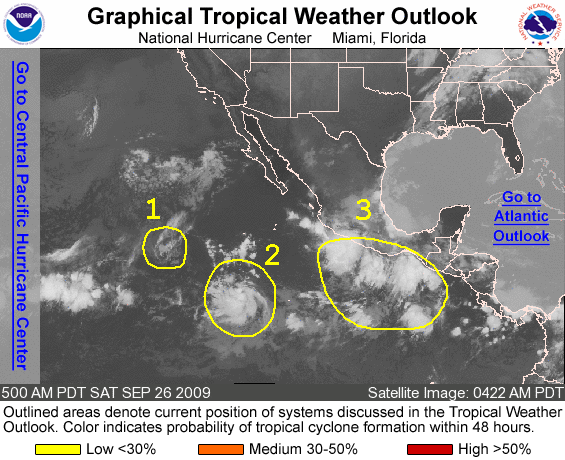
FOR THE EASTERN NORTH PACIFIC...EAST OF 140 DEGREES WEST LONGITUDE..

1. THE REMNANTS OF TROPICAL DEPRESSION NORA ARE LOCATED ABOUT 1090 MILES WEST-SOUTHWEST OF THE SOUTHERN TIP OF BAJA CALIFORNIA. SHOWER AND THUNDERSTORM ACTIVITY HAS DIMINISHED CONSIDERABLY THIS MORNING...AND UPPER-LEVEL WINDS ARE NOT EXPECTED TO BE CONDUCIVE FOR REGENERATION. THERE IS A LOW CHANCE...LESS THAN 30 PERCENT...OF THIS SYSTEM BECOMING A TROPICAL CYCLONE DURING THE NEXT 48 HOURS. FOR ADDITIONAL INFORMATION ON THE REMNANTS OF NORA...PLEASE SEE HIGH SEAS FORECASTS ISSUED BY THE NATIONAL WEATHER SERVICE UNDER AWIPS HEADER NFDHSFEPI AND WMO HEADER FZPN02 KWBC.

2. A BROAD AREA OF LOW PRESSURE LOCATED ABOUT 950 MILES SOUTHWEST OF MANZANILLO MEXICO CONTINUES TO PRODUCE DISORGANIZED SHOWER AND THUNDERSTORM ACTIVITY. SOME SLOW DEVELOPMENT OF THIS SYSTEM IS POSSIBLE OVER THE NEXT COUPLE OF DAYS AS IT MOVES TOWARD THE WEST-NORTHWEST AT AROUND 10 MPH. THERE IS A LOW CHANCE...LESS THAN 30 PERCENT...OF THIS SYSTEM BECOMING A TROPICAL CYCLONE DURING THE NEXT 48 HOURS.

3. A LARGE AREA OF DISTURBED WEATHER LOCATED A FEW HUNDRED MILES WEST-SOUTHWEST OF THE GULF OF TEHUANTEPEC IS PRODUCING DISORGANIZED SHOWERS AND THUNDERSTORMS. THIS SYSTEM HAS THE POTENTIAL FOR SLOW DEVELOPMENT DURING THE NEXT COUPLE OF DAYS AS IT MOVES WESTWARD AT 5 TO 10 MPH. THERE IS A LOW CHANCE...LESS THAN 30 PERCENT...OF THIS SYSTEM BECOMING A TROPICAL CYCLONE DURING THE NEXT 48 HOURS.

ELSEWHERE...TROPICAL CYCLONE FORMATION IS NOT EXPECTED DURING THE NEXT 48 HOURS.

FORECASTER ROBERTS/BEVEN